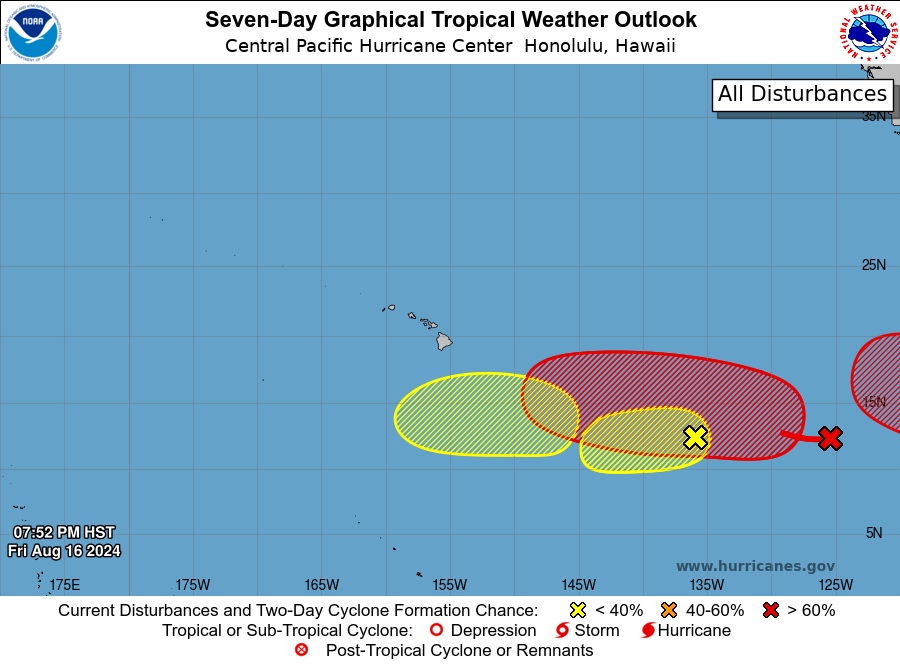
For the central North Pacific...between 140W and 180W:

1. Approximately 850 miles southeast of Hilo, Hawaii: Disorganized showers and thunderstorms are associated with a broad area of low pressure. Environmental conditions appear marginally conducive for some development of this system early next week while moving westward at about 10 mph.
* Formation chance through 48 hours...low...near 0 percent.
* Formation chance through 7 days...low...20 percent.

2. Approximately 1750 miles east-southeast of Hilo, Hawaii: An area of low pressure could form this weekend or early next week more than one thousand miles west-southwest of the southern tip of the Baja California peninsula. Slow development of this system is anticipated, and a tropical depression will likely form during the middle part of next week while it moves westward to west-northwestward across the western portion of the basin and into the Central Pacific basin.
* Formation chance through 48 hours...low...10 percent.
* Formation chance through 7 days...high...70 percent.

3. Approximately 1200 miles east-southeast of Hilo, Hawaii: A small area of low pressure has formed well southeast of the Hawaiian islands. Some development of this system is possible this weekend into early next week while it moves across the western portion of the East Pacific and into the Central Pacific basin. By the middle of next week, the system could merge with a larger system to the east.
* Formation chance through 48 hours...low...20 percent.
* Formation chance through 7 days...low...20 percent.

Elsewhere, no tropical cyclones are expected during the next 7 days.

Forecaster M Ballard